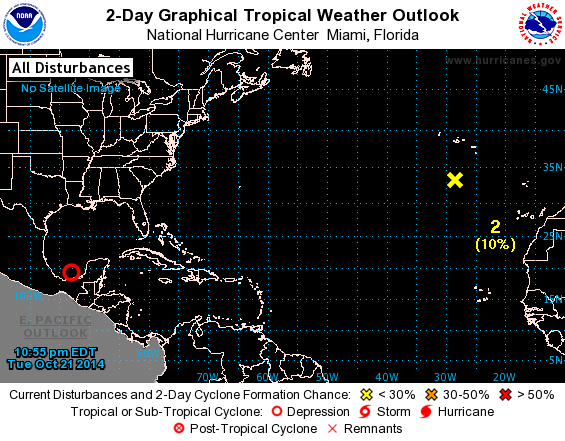
For the North Atlantic...Caribbean Sea and the Gulf of Mexico:

Special outlook to update discussion on low pressure area over the Bay of Campeche

1. Updated: Satellite and radar data indicate that showers and thunderstorms associated with the well-defined low in the southern Bay of Campeche have increased and become better organized during the past hour or two. If the current development trend continues, tropical cyclone advisories will be initiated later this evening or overnight. Interests in Mexican state of Campeche and elsewhere in the Yucatan Peninsula should monitor the progress of this system as tropical storm warnings could need to be issued on short notice.
* Formation chance through 48 hours...high...70 percent.
* Formation chance through 5 days...high...70 percent.

2. A large non-tropical low located over the far eastern Atlantic Ocean, a few hundred miles south of the Azores, is producing disorganized thunderstorms and winds to gale force. This system could still acquire some subtropical characteristics during the next day or so while it moves westward to west-southwestward at 10 to 15 mph. Upper-level winds are forecast to become less conducive for subtropical or tropical cyclone formation by Wednesday night and development after that time is not likely. Additional information on this system can be found in High Seas Forecasts issued by Meteo France.
* Formation chance through 48 hours...low...10 percent.
* Formation chance through 5 days...low...10 percent.

High Seas Forecasts issued by Meteo France can be found under WMO header FQNT50 LFPW.

Forecaster Brown